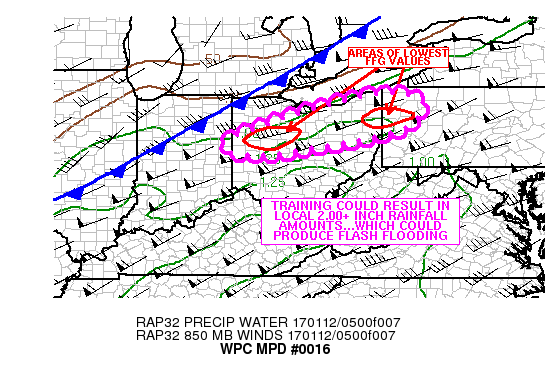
AREAS AFFECTED...NORTHERN AND CENTRAL OH...WESTERN PA

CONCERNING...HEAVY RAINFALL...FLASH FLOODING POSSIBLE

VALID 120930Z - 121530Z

SUMMARY...TRAINING OF LOW TOPPED CONVECTION OVER AREAS WITH
RELATIVELY LOW FLASH FLOOD GUIDANCE COULD RESULT IN A FLASH FLOOD
THREAT THROUGH THE MID MORNING HOURS.

DISCUSSION...LOW TOPPED CONVECTION AHEAD OF A COLD FRONT EXTENDING
FROM SOUTHEAST MI INTO SOUTHERN IL HAS BEGUN TO BECOME
REINVIGORATED WITH THE APPROACH OF A SHORT WAVE APPROACHING
NORTHWEST MO. THE CONVECTION IS REFORMING IN AN AXIS OF 250-500
J/KG OF MUCAPE...WHERE PRECIPITABLE WATER VALUES WERE NEARING 1.20
INCHES (PER THE LATEST RAP ANALYSIS). THE KIND RADAR SHOWED HOURLY
RAINFALL RATES NEAR 0.75 INCHES ACROSS NORTH CENTRAL IN.

THE LATEST RAP SHOWS THE ELEVATED INSTABILITY PEAKING AGAIN IN THE
11Z TO 14Z TIME FRAME...AS MUCAPE VALUES TOP OUT OVER 500 J/KG.
THE BEST AXIS OF INSTABILITY IS EXPECTED TO BE COINCIDENT WITH A
SURGE OF 1.25 INCH PRECIPITABLE WATER AIR (WHICH IS CLOSE TO THREE
STANDARD DEVIATIONS ABOVE THE MEAN) ON THE NOSE OF A 65 KNOT LOW
LEVEL JET PUNCHING INTO CENTRAL OH. THE COMBINATION OF MOISTURE
AND INSTABILITY IS EXPECTED TO FUEL LOW TOPPED CONVECTION FROM
EAST CENTRAL IN ACROSS NORTH CENTRAL OH IN A PORTION OF WESTERN PA.

A WAVE FORMING ON THE FRONT ACROSS CENTRAL IN NEAR 12Z WILL SLOW
THE SOUTHEAST PROGRESS OF THE FRONT...AS IT BECOMES MORE PARALLEL
TO THE MID LEVEL FLOW. CORFIDI VECTORS BECOME BETTER ALIGNED WITH
THE 850-300 MB MEAN FLOW...WHICH COULD SUPPORT A GREATER THREAT OF
TRAINING.

THE LATEST HRRR/00Z NSSL WRF HAD A STRONG SIGNAL THAT SUPPORTS THE
IDEA OF LOCAL 2.00+ INCH RAINFALL AMOUNTS STRETCHING FROM NORTH
CENTRAL OH INTO WESTERN PA. THREE HOUR FLASH FLOOD GUIDANCE VALUES
ARE AS LOW AS 1.00 TO 1.50 INCHES ACROSS PORTIONS OF THIS AXIS.
THEREFORE... TRAINING CONVECTION COULD RESULT IN A FLASH FLOOD
THREAT THROUGH THE MID MORNING HOURS IN LOCATIONS WITH LOWER FLASH
FLOOD GUIDANCE VALUES.